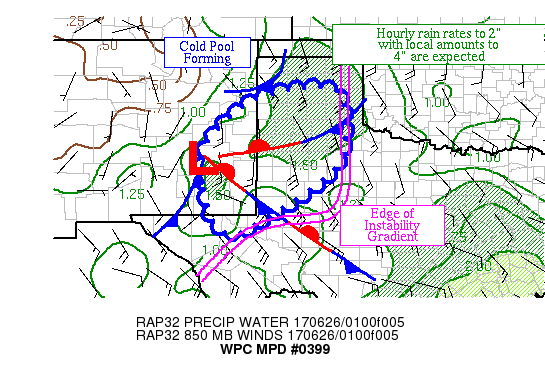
AREAS AFFECTED...NORTHWEST TX & SOUTHEAST NM

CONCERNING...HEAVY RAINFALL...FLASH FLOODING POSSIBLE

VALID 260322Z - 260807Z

SUMMARY...THUNDERSTORMS WITH HEAVY RAIN SHOULD CONTINUE MARCHING
SOUTH AND SOUTHEAST THROUGH 08Z.  HOURLY RAIN RATES TO 2" WITH
LOCAL AMOUNTS TO 4" ARE EXPECTED.

DISCUSSION...THUNDERSTORMS WITH HEAVY RAINFALL ARE FORMING WITHIN
THE WARM ADVECTION PATTERN TO THE NORTHEAST OF A MESOSCALE WAVE
LOCATED IN SOUTHEAST NM.  AN MCV WAS NOTED IN EAST-CENTRAL NM ON
RADAR IMAGERY.  A SPEED MAXIMUM ALOFT ON THE NORTHERN SIDE OF THE
ACTIVITY IS ACTING AS A MECHANISM FOR UPPER DIVERGENCE.  THE
CONVECTION IS MOVING IN THE DIRECTION OF THE 1000-500 HPA GRADIENT
AT SPEEDS SUPPORTED BY THE FORWARD PROPAGATING CONVECTIVE VECTORS,
SOUTHEAST AT ROUGHLY 15-20 KTS.  AN INSTABILITY GRADIENT NEAR THE
101ST MERIDIAN IS HELPING TO HEM IN ACTIVITY ON THE EAST SIDE.
MUCAPE VALUES OF 500-2000 J/KG LIE ACROSS THE REGION.  INFLOW AT
850 HPA OF 25-30 KTS OUT OF THE EAST-SOUTHEAST IS SEEN ON AREA VAD
WIND PROFILES, NEARLY TRIPLE THE MEAN 850-400 HPA WIND IN THE
REGION, WHICH IS AIDING PRECIPITATION EFFICIENCY.  EFFECTIVE BULK
SHEAR IS 25-35 KTS.  PRECIPITABLE WATER VALUES ARE 0.9-1.4" WITHIN
THIS PORTION OF THE HIGH PLAINS.

THE RAP MASS FIELDS INDICATE SOME VEERING WITH THE WINDS AT 850
HPA WITH TIME WITH SOME STRENGTHENING NOTED.  THIS SHOULD CONTINUE
THE MAIN THUNDERSTORM COMPLEX'S MOVEMENT TO THE SOUTHEAST.
ULTIMATELY, INSTABILITY WILL BE THE MAIN PROBLEM AS A REGION OF
<500 J/KG MUCAPE SHOULD ACT AS A SOUTHERN BARRIER TO HEAVY RAIN
CONCERNS EITHER BY LEADING TO WEAKENING CONVECTION OR GREATER
FORWARD PROPAGATION.  ALSO, AT SOME POINT THE BREADTH OF THE
THUNDERSTORM ACTIVITY ALONG THE DIRECTION OF PROPAGATION SHOULD
NARROW AS THE COLD POOL CATCHES UP FROM THE NORTHWEST, POSSIBLY
AROUND 06Z, WHICH SHOULD LEAD TO A WANING RAIN THREAT.   UNTIL
THIS HAPPENS, HOURLY RAIN RATES TO 2" AND LOCAL AMOUNTS TO 4"
WOULD THREATEN FLASH FLOOD GUIDANCE VALUES IN THE REGION.  THE 22Z
HRRR EXPERIMENTAL RUN AND 01Z HRRR RUN APPEAR TO HAVE FUTURE
EXPECTATIONS WELL COVERED.  USED A FIVE HOUR WINDOW AS A
PRECAUTION, JUST IN CASE CONVECTIVE EVOLUTION IS NOT AS EXPECTED.